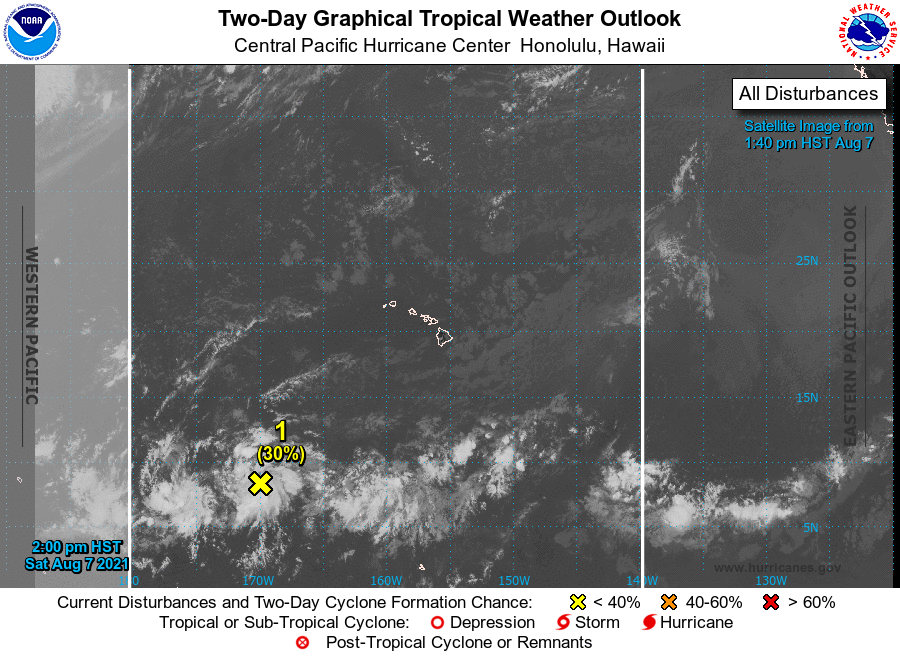
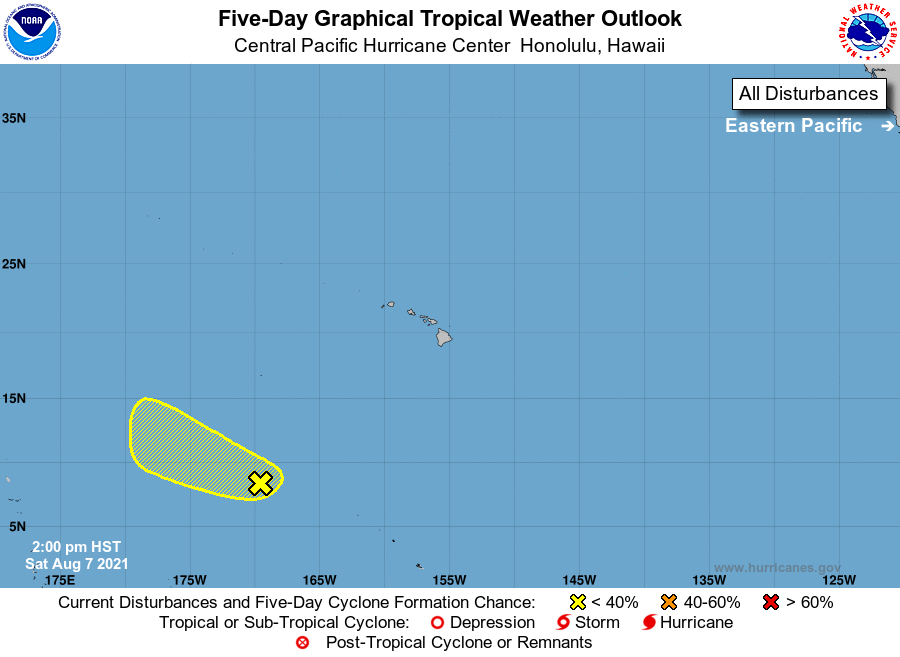
For the central North Pacific...between 140W and 180W:

1. An elongated area of low pressure located around 1200 miles southwest of Honolulu, Hawaii continues to produce a large area of disorganized showers and thunderstorms. Environmental conditions are forecast to remain conducive for some slow development of this system during the next few days as it moves west-northwest at 10 to 15 mph.
* Formation chance through 48 hours...low...30 percent.
* Formation chance through 5 days...low...30 percent.

Elsewhere, no tropical cyclones are expected during the next 5 days.

Forecaster Kino